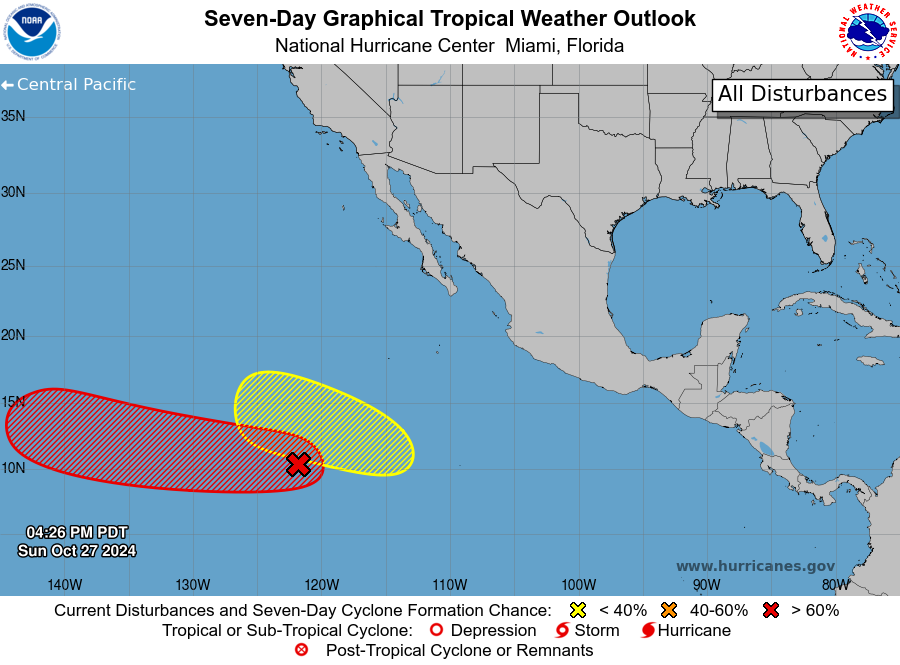
For the eastern North Pacific...east of 140 degrees west longitude:

1. Western East Pacific (EP91): A broad area of low pressure located more than 1000 miles southwest of the southern tip of the Baja California peninsula is producing disorganized showers and thunderstorms. Environmental conditions appear conducive for gradual development of this system, and a tropical depression is likely to form within the next few days while it moves westward or west-northwestward at about 15 mph over the western portion of the eastern Pacific basin. This system is expected to move into the central Pacific basin by Thursday.
* Formation chance through 48 hours...low...30 percent.
* Formation chance through 7 days...high...70 percent.

2. Central East Pacific: A low pressure system could form within the next day or two several hundred miles south-southwest of the southern tip of the Baja California peninsula. Some slow development is possible thereafter while the system moves slowly toward the west-northwest.
* Formation chance through 48 hours...low...near 0 percent.
* Formation chance through 7 days...low...20 percent.

Forecaster Pasch